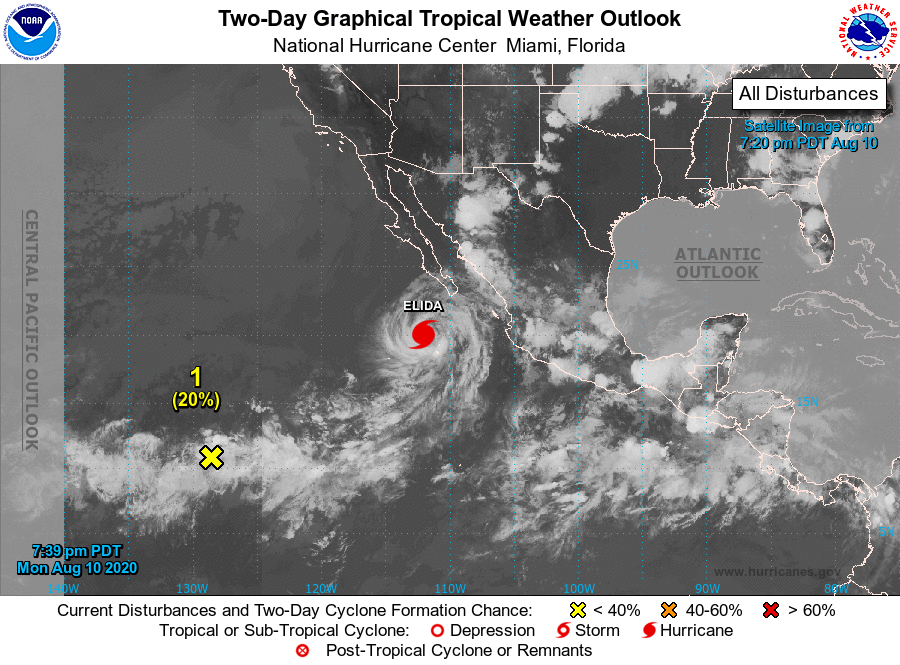
For the eastern North Pacific...east of 140 degrees west longitude:

The National Hurricane Center is issuing advisories on recently upgraded Hurricane Elida, located less than 100 miles north- northwest of Socorro Island.

1. Disorganized showers and thunderstorms associated with a trough of low pressure are centered about 1500 miles southwest of the southern tip of the Baja California peninsula. An area of low pressure is expected to form from this system in a day or two, and it will likely become a tropical depression late this week. The system is expected to move slowly westward toward the central Pacific basin during the next several days.
* Formation chance through 48 hours...low...20 percent.
* Formation chance through 5 days...high...70 percent.

2. An area of low pressure is forecast to develop well offshore of the southwestern coast of Mexico in a couple of days. Environmental conditions appear conducive for development thereafter, and this system will likely become a tropical depression by late this week while it moves generally west-northwestward.
* Formation chance through 48 hours...low...near 0 percent.
* Formation chance through 5 days...high...70 percent.

3. Another area of low pressure is expected to form in a few days over the far eastern portion of the basin to the south of the coast of Central America. Gradual development of this system is possible, and a tropical depression could form this weekend while it moves generally west-northwestward.
* Formation chance through 48 hours...low...near 0 percent.
* Formation chance through 5 days...medium...40 percent.

Forecaster Blake